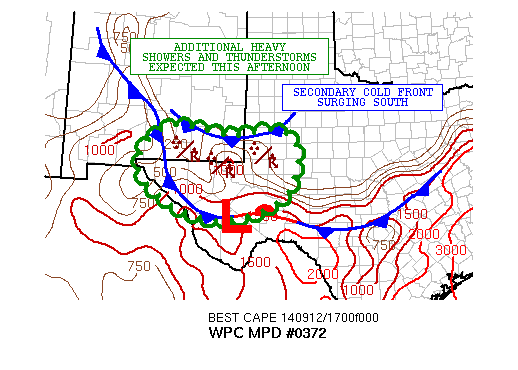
AREAS AFFECTED...SOUTHEAST NM...WESTERN TX

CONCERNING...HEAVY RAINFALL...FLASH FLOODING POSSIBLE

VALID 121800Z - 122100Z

SUMMARY...ADDITIONAL SLOW-MOVING SHOWERS AND THUNDERSTORMS ARE
EXPECTED THROUGH MID-AFTERNOON. INTENSE RAINFALL RATES AND THE
SLOW MOVEMENT WILL FOSTER A CONTINUATION OF FLASH FLOODING
POTENTIAL.

DISCUSSION...THE LATEST IR SAT IMAGERY CONTINUE TO SHOW FAIRLY
COLD CONVECTIVE TOPS REGENERATING OVER PORTIONS OF SERN NM AND FAR
WRN TX IN ASSOC WITH A VERY MOIST DEEP LYR FETCH OF MOISTURE.
SBCAPE VALUES MEANWHILE BASED ON THE LATEST RAP ANALYSIS ARE
RUNNING AS HIGH AS 2000 J/KG TO 3000 J/KG OVER SOUTHWEST TX. THERE
ARE MULTIPLE COLD FRONTS SETTLING SOUTH OVER THE
REGION...INCLUDING A ROBUST SECONDARY COLD FRONTAL SURGE MOVING
DOWN THROUGH SERN NM AND FAR WRN TX ATTM...AND THESE BNDRYS ARE
INTERACTING WITH THE AFOREMENTIONED DEEP MOISTURE FEED AND
INSTABILITY POOL.

THE LATEST HIRES GUIDANCE INCLUDING THE 12Z NAM-CONEST AND 12Z ARW
SHOW CONVECTION PERISTING AT LEAST FOR A FEW MORE HOURS OVER SERN
NM AND WRN TX...BUT EVENTUALLY A MUCH MORE STABLE AIRMASS ASSOCD
WITH COOL HIGH PRESSURE NOSING SOUTH DOWN THE HIGH PLAINS SHOULD
ALLOW THE ACTIVITY TO WEAKEN OR PUSH MUCH FARTHER SOUTH. IN THE
MEANTIME...THE SLOW MOVEMENT OF THE ACTIVITY AND LOCALLY INTENSE
RAINFALL RATES WILL CONTINUE TO FOSTER SOME POTENTIAL FOR FLASH
FLOODING.